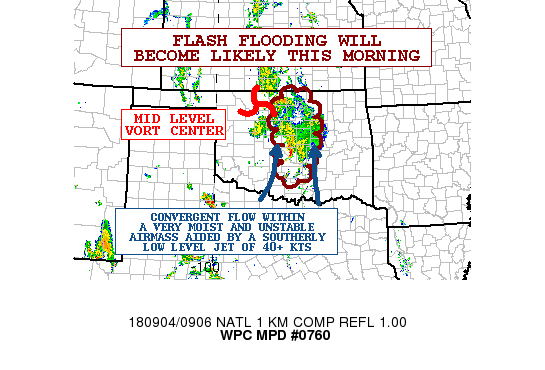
Areas affected...Central OK

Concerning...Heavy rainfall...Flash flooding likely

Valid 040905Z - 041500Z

Summary...A developing axis of training showers and thunderstorms
is likely to cause flash flooding concerns this morning across
central OK, including areas near the Oklahoma City metropolitan
area.

Discussion...The latest radar imagery shows a band of heavy
showers and thunderstorms beginning to train over the same area
across portions of central OK, including some parts of the
Oklahoma City metropolitan area and adjacent eastern suburbs. The
convection is developing within an increasingly convergent flow
pattern in the 850/700 mb layer, and all of this is associated
with the gradual northward advance of a 500/700 mb vort center.

Cloud tops have generally been cooling over the last couple of
hours, and the convection is embedded within a very moist and at
least modestly unstable airmass, with MUCAPE values of close to
1000 j/kg. Area VWP data is showing some low level speed
convergence as well with the nose of a southerly 40 kt low level
jet lifting up across central OK.

The latest HRRR guidance is strongly supportive of a N/S axis of
very heavy convective rainfall over the next several hours
extending near and east of Oklahoma City up northward to near
Stillwater. The HRRR guidance supports as much as 6+ inches of
rain going through mid morning. While this may be a bit
aggressive, the PWATS across the region are very high with values
of 2 to 2.25 inches, and this moisture axis is tied in strongly to
the nose of the rather strong low level jet. Thus, the rainfall
rates will be quite high, with amounts of as much as 3 inches/hr
possible given the highly efficient rainfall processes that will
be in place.

One other concern seen in the latest VWP data and RAP analysis is
an environment conducive for backbuilding convection along the
southern flank of the N/S training convective band. Corfidi
vectors are favoring this, and therefore the rainfall potential
may be greatly enhanced considering the degree of moisture
transport via the low level jet.

The latest thinking is that some very heavy totals of as much as 6
inches may materialize locally going through 15Z which will
respect the HRRR output. These amounts will likely cause flash
flooding. Will continue to monitor.